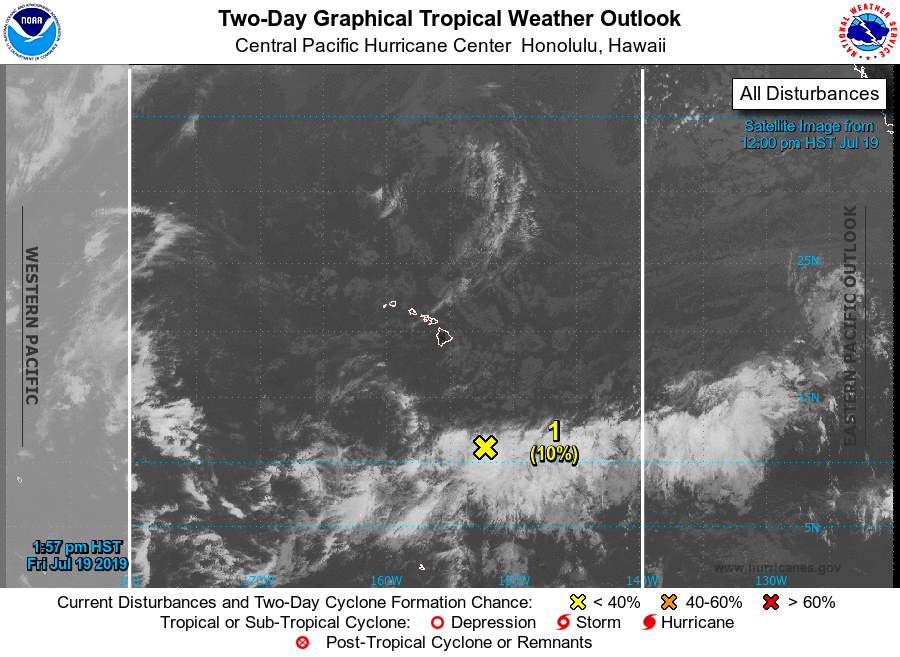
For the central North Pacific...between 140W and 180W:

1.

1. An area of disturbed weather is located several hundred miles south-southeast of the Big Island. Environmental conditions are mildly conducive for development over the next few days. After which, conditions will be less conducive for development.
* Formation chance through 48 hours...low...10 percent
* Formation chance through 5 days...low...10 percent

Elsewhere, no tropical cyclones are expected during the next 5 days.

Forecaster EATON